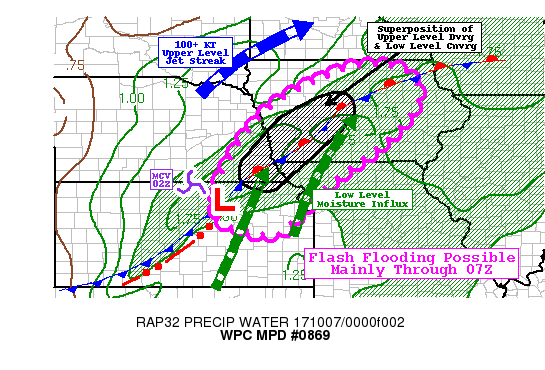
AREAS AFFECTED...NE KANSAS...SE NEBRASKA...NW MISSOURI...IOWA

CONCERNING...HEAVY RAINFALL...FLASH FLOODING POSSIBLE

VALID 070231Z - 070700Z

SUMMARY...FLASH FLOODING WILL BE POSSIBLE ACROSS PORTIONS OF THE
CORN BELT NEAR AND AHEAD OF A DEVELOPING LOW PRESSURE SYSTEM.
CONVECTIVE BANDS WITH RAIN RATES OF 1-2 IN/HR HAVE BEEN OBSERVED
AND SHOULD PERSIST FOR THE NEXT SEVERAL HOURS.

DISCUSSION...REGIONAL RADARS AND IR SATELLITE IMAGERY SHOW A BAND
OF CONVECTION EXTENDING ALONG A FRONT...FROM AS FAR SOUTHWEST AS
THE TEXAS PANHANDLE INTO EASTERN IOWA. THE INFLECTION POINT WAS IN
NORTHEAST KANSAS NEAR A DEVELOPING SURFACE LOW. TO THE NORTHEAST
OF THAT...THE FRONT WAS ROUGHLY STATIONARY...AND CELL MOTIONS WERE
MORE PARALLEL TO THE BOUNDARY (VERSUS MORE PROGRESSIVE AND
FORWARD-PROPAGATING STORMS TO THE SOUTHWEST OF THE SURFACE LOW).
THIS IS EXPECTED TO CONTINUE FOR THE NEXT SEVERAL HOURS AS THE
SURFACE LOW CONSOLIDATES AND DEVELOPS TO THE NORTHEAST INTO
WESTERN IOWA. INCREASING LOW-LEVEL DEFORMATION AHEAD OF THE
STRENGTHENING CYCLONE WILL COINCIDE WITH THE RIGHT ENTRANCE REGION
OF A 100+ KNOT UPPER LEVEL JET STREAK AND PROVIDE FAVORABLE LARGE
SCALE SUPPORT FOR ASCENT THROUGH AROUND 06-07Z. AFTER THAT
POINT...THE JET STREAK BEGINS TO LIFT NORTH...INSTABILITY
WANES...AND THE LOW-LEVEL CYCLONE BECOMES INCREASINGLY DETACHED
FROM THE DEEPER MOISTURE PLUME FURTHER TO THE EAST.

CONSIDERING ALL OF THAT...THERE APPEARS TO BE A WINDOW OF 4-5
HOURS IN WHICH TRAINING CONVECTION WITH LOCALIZED HEAVY RAINFALL
WILL BE LIKELY...AND FLASH FLOODING WILL BE
POSSIBLE...PARTICULARLY IF THAT OCCURS OVER AREAS THAT PREVIOUSLY
RECEIVED HEAVY RAINFALL. ONE SUCH AREA IS IN SOUTHWEST
IOWA...WHERE KOAX RADAR RAINFALL ESTIMATES ARE ON THE ORDER OF 2-4
INCHES OVER THE PAST 36 HOURS...AND FLASH FLOOD GUIDANCE IS LOWER.
ONE MESOSCALE FEATURE THAT MAY AID IN FOCUSING CONVECTION IS AN
MCV...NOTED IN A SUBTLE SPIN IN RADAR REFLECTIVITY AND BROAD
CIRCULATION ON MID-LEVEL RADAR VELOCITIES NEAR THE KS-NE BORDER.
ENHANCED LOW-MID LEVEL MOISTURE FLUX AND ASCENT JUST AHEAD OF THIS
MAY PROMOTE A BRIEF 1-3 HOUR WINDOW OF MORE FOCUSED HEAVY RAIN
POTENTIAL FROM ABOUT 15N MANHATTAN KS TO NEAR CRESTON IA. THIS
DOES HAPPEN TO ALSO COINCIDE WITH THE REGION OF LOWER FLASH-FLOOD
GUIDANCE...SO IT COULD BE A FAVORED AREA FOR FLASH FLOODING TO
OCCUR IF THE MESOSCALE DETAILS ALIGN CORRECTLY.